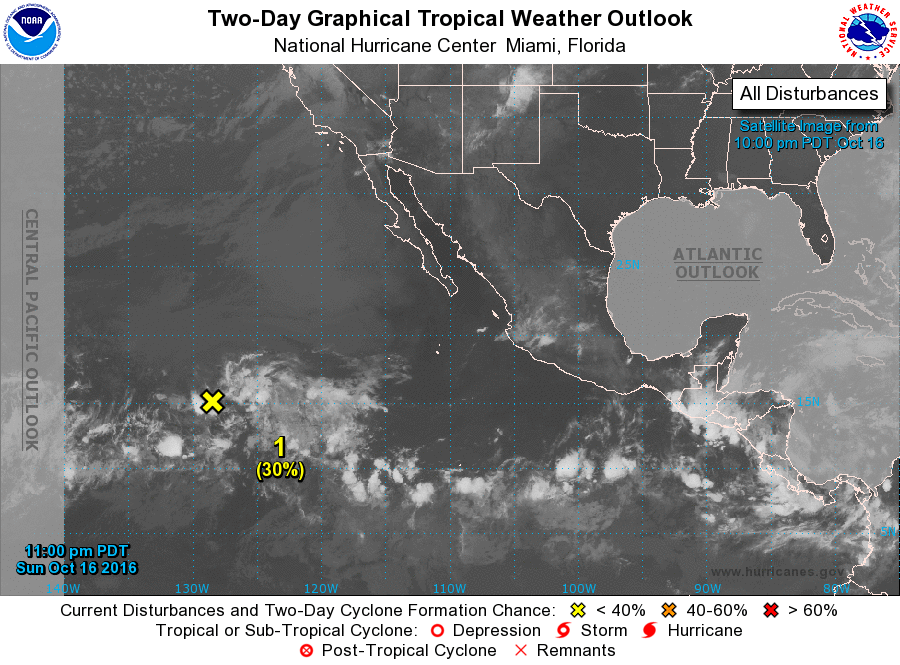
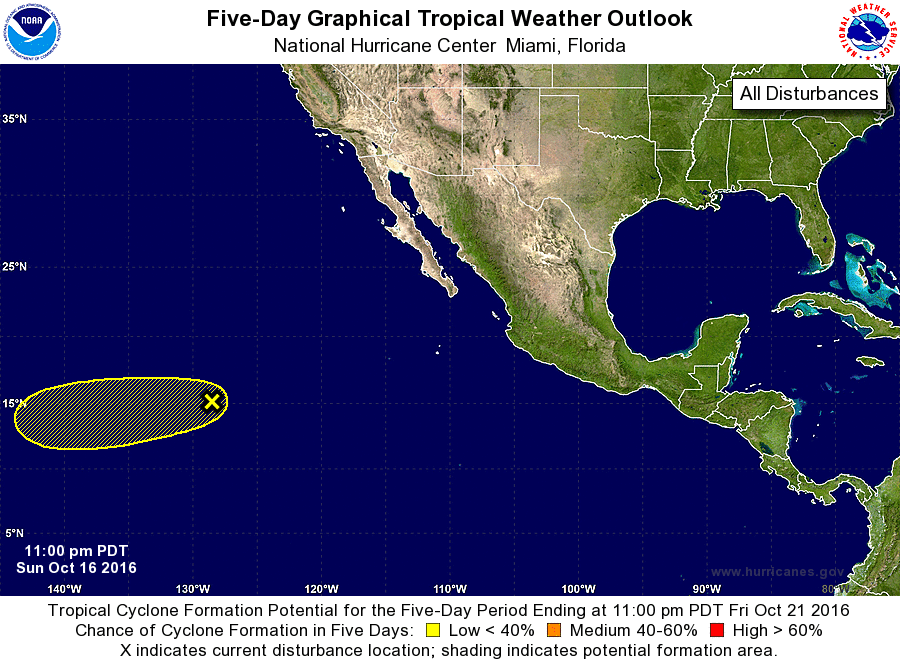
For the eastern North Pacific...east of 140 degrees west longitude:

1. A broad area of low pressure located about 1300 miles west-southwest of the southern tip of the Baja California peninsula continues to produce a few showers and thunderstorms. This system has become less organized over the past day or so, and development is becoming less likely. The disturbance is forecast to move westward to west-southwestward at about 10 mph for the next few days.
* Formation chance through 48 hours...low...30 percent
* Formation chance through 5 days...low...30 percent

Forecaster Pasch